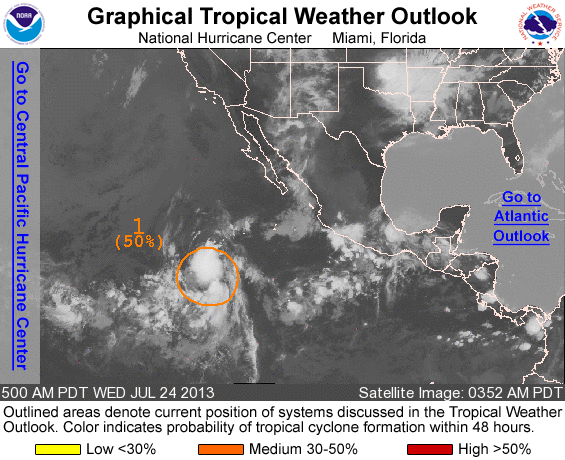
FOR THE EASTERN NORTH PACIFIC...EAST OF 140 DEGREES WEST LONGITUDE..

1. SHOWER AND THUNDERSTORM ACTIVITY HAS INCREASED IN ASSOCIATION WITH AN AREA OF LOW PRESSURE LOCATED ABOUT 900 MILES SOUTHWEST OF THE SOUTHERN TIP OF THE BAJA CALIFORNIA PENNISULA. ENVIRONMENTAL CONDITIONS ARE CONDUCIVE FOR DEVELOPMENT...AND THIS LOW COULD BECOME A TROPICAL DEPRESSION DURING THE NEXT DAY OR SO. THIS SYSTEM HAS A MEDIUM CHANCE...50 PERCENT...OF BECOMING A TROPICAL CYCLONE DURING THE NEXT 48 HOURS AS IT MOVES WEST-NORTHWESTWARD AT ABOUT 15 MPH.

ELSEWHERE...TROPICAL CYCLONE FORMATION IS NOT EXPECTED DURING THE NEXT 48 HOURS.

FORECASTER CANGIALOSI